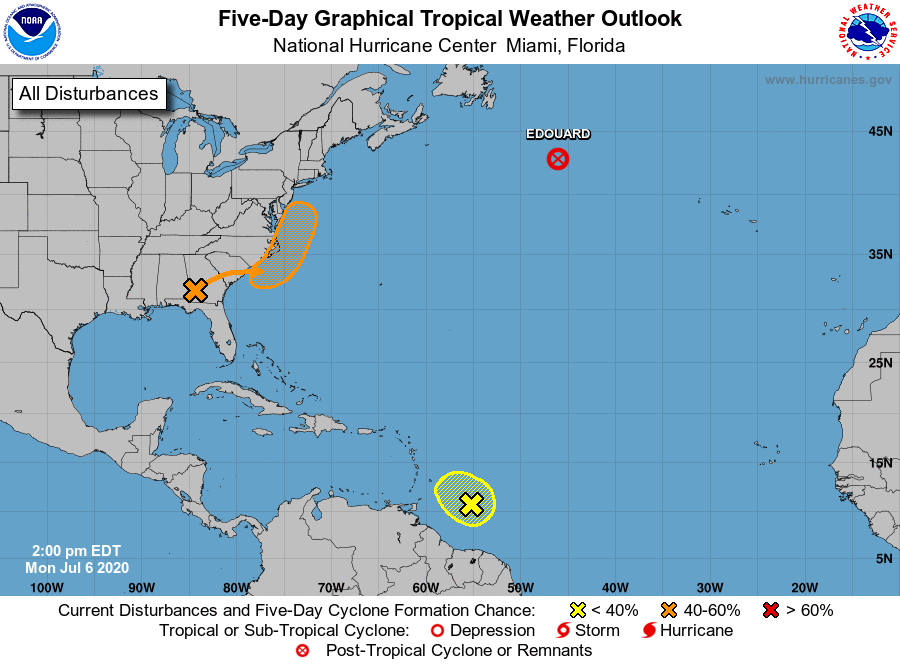
For the North Atlantic...Caribbean Sea and the Gulf of Mexico:

The National Hurricane Center is issuing advisories on Tropical Storm Edouard, located several hundred miles south-southeast of Newfoundland.

1. A low pressure system is centered inland over southern Georgia. The low is forecast to move northeastward, near the coast of the Carolinas and the mid-Atlantic during the next few days. No development is expected while the low remains over land, however some development will be possible if the system moves over water later this week. Regardless of development, the low is forecast to produce locally heavy rainfall that could cause flash flooding across portions of the southeast U.S. during the next couple of days.
* Formation chance through 48 hours...low...10 percent.
* Formation chance through 5 days...medium...40 percent.

2. A fast-moving tropical wave continues to produce disorganized showers and thunderstorms a few hundred miles east of the Windward Islands. This disturbance has not become any better organized today, and development is becoming unlikely. The wave is forecast to move through the Lesser Antilles on Tuesday and could produce locally heavy rainfall and gusty winds on some of those islands.
* Formation chance through 48 hours...low...10 percent.
* Formation chance through 5 days...low...10 percent.

Forecaster Zelinsky